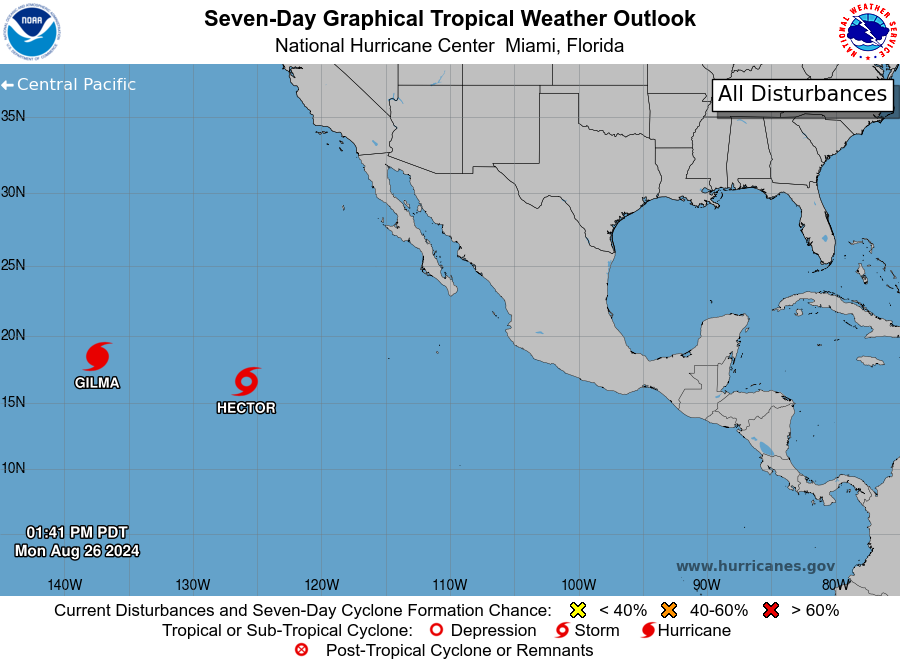
For the eastern North Pacific...east of 140 degrees west longitude:

Active Systems: The National Hurricane Center is issuing advisories on Hurricane Gilma, located well east of the Hawaiian Islands and on Tropical Storm Hector, located well west-southwest of the southern tip of the Baja California peninsula.

Tropical cyclone formation is not expected during the next 7 days.

&&
Public Advisories on Tropical Storm Hector are issued under WMO header WTPZ33 KNHC and under AWIPS header MIATCPEP3. Forecast/Advisories on Tropical Storm Hector are issued under WMO header WTPZ23 KNHC and under AWIPS header MIATCMEP3.

Forecaster Hagen/Pasch